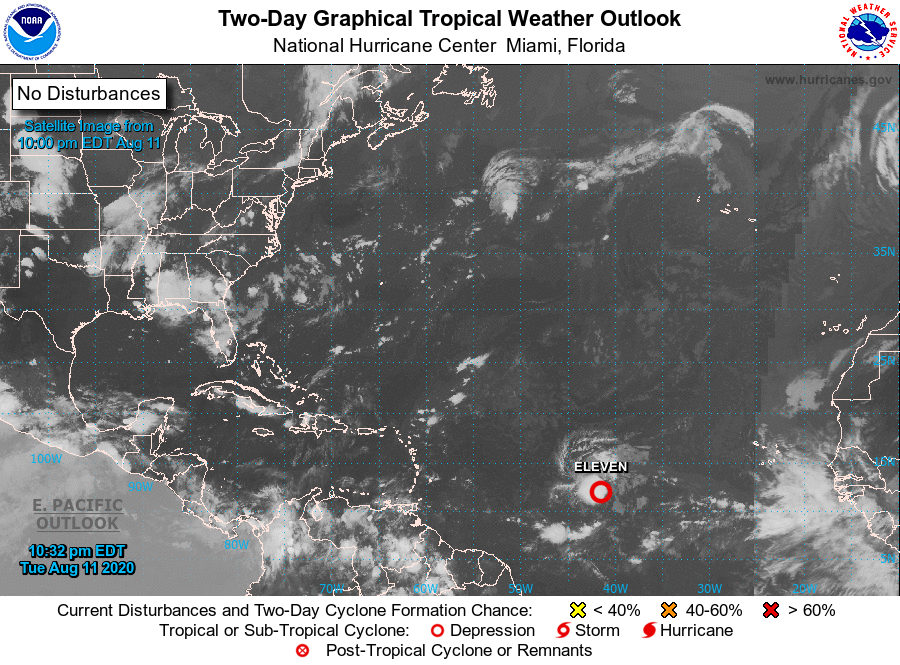
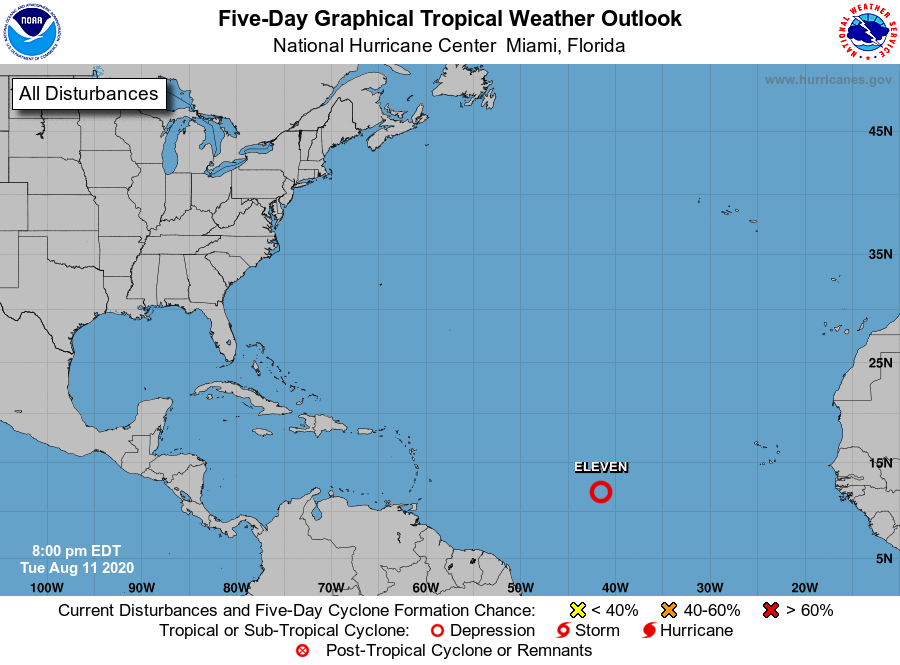
For the North Atlantic...Caribbean Sea and the Gulf of Mexico:

The National Hurricane Center is issuing advisories on newly formed Tropical Depression Eleven, located over the central tropical Atlantic Ocean.

Tropical cyclone formation is not expected for the next five days.

&&
Public Advisories on Tropical Depression Eleven are issued under WMO header WTNT31 KNHC and under AWIPS header MIATCPAT1. Forecast/Advisories on Tropical Depression Eleven are issued under WMO header WTNT21 KNHC and under AWIPS header MIATCMAT1.

Forecaster Blake